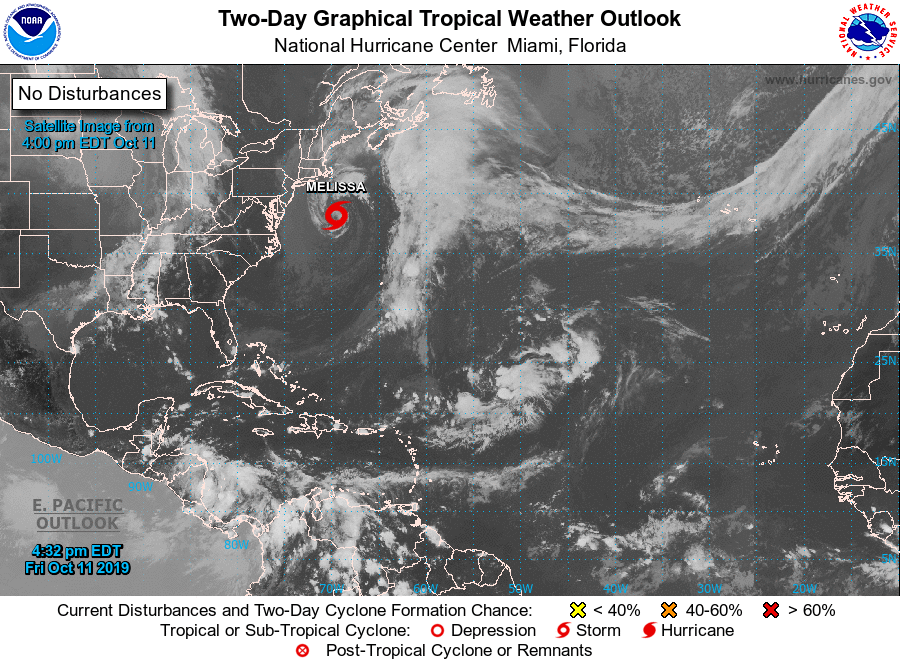
For the North Atlantic...Caribbean Sea and the Gulf of Mexico:

The National Hurricane Center is issuing advisories on recently named Subtropical Storm Melissa, located a couple hundred miles south-southeast of the New England Coast.

1. A broad area of low pressure is expected to form over the western Caribbean Sea this weekend. This system is forecast to move westward toward Central America early next week, and some development is possible if the low remains over water while moving near the coasts of Honduras, Guatemala, and Belize.
* Formation chance through 48 hours...low...near 0 percent.
* Formation chance through 5 days...low...20 percent.

2. A tropical wave, accompanied by a broad area of low pressure, is expected to move off the west coast of Africa on Sunday. Although tropical cyclone formation in this area is climatologically unlikely this late in the hurricane season, some development of this system is possible early next week while it moves generally northwestward near or over the Cabo Verde Islands.
* Formation chance through 48 hours...low...near 0 percent.
* Formation chance through 5 days...low...30 percent.

Public Advisories on Subtropical Storm Melissa are issued under WMO header WTNT34 KNHC and under AWIPS header MIATCPAT4. Forecast/Advisories on Subtropical Storm Melissa are issued under WMO header WTNT24 KNHC and under AWIPS header MIATCMAT4.

Forecaster Latto